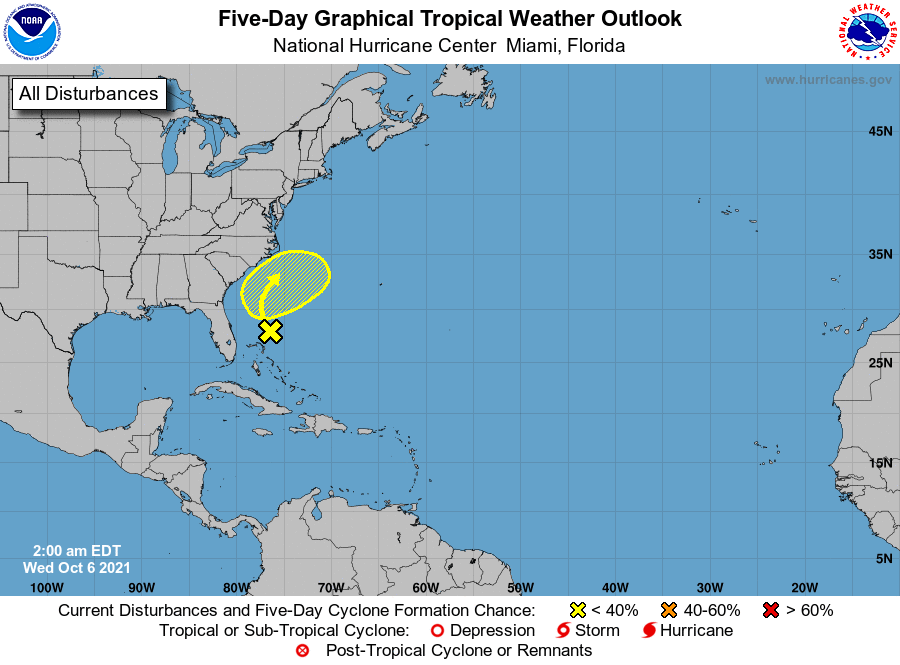
For the North Atlantic...Caribbean Sea and the Gulf of Mexico:

1. Disorganized showers and thunderstorms continue in association with a surface trough centered about 100 miles northeast of the northwestern Bahamas. Upper-level winds are expected to remain unfavorable for significant tropical development of this system while it moves slowly northwestward or northward over the next few days. Although upper-level winds could become a little less hostile by the weekend, the system is forecast to interact with a front near the coast of the southeastern United States around that time, and tropical development still appears unlikely.
* Formation chance through 48 hours...low...near 0 percent.
* Formation chance through 5 days...low...10 percent.

Forecaster Cangialosi